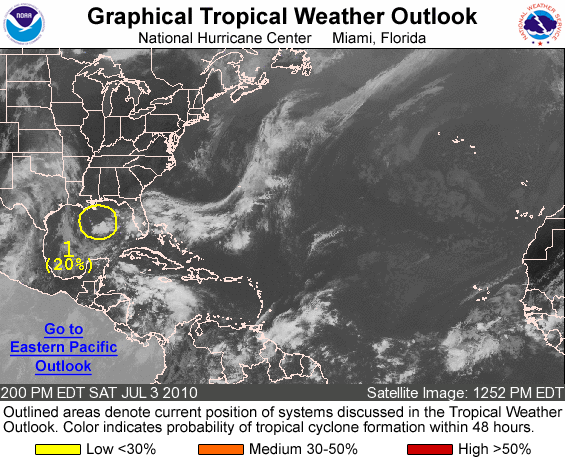
FOR THE NORTH ATLANTIC...CARIBBEAN SEA AND THE GULF OF MEXICO...

1. CLOUDINESS AND THUNDERSTORMS ASSOCIATED WITH A NON-TROPICAL AREA OF LOW PRESSURE HAVE INCREASED A LITTLE TODAY. THE LOW IS LOCATED ABOUT 165 MILES SOUTHEAST OF THE MOUTH OF THE MISSISSIPPI RIVER AND IS EXPECTED TO CONTINUE MOVING SLOWLY ON A GENERAL WESTWARD TRACK. ALTHOUGH STRONG UPPER-LEVEL WINDS ARE CURRENTLY INHIBITING DEVELOPMENT...A SMALL RELAXATION OF THESE WINDS COULD RESULT IN BETTER ORGANIZATION OF THE SYSTEM. THERE IS A LOW CHANCE...20 PERCENT...OF THIS SYSTEM BECOMING A TROPICAL OR SUBTROPICAL CYCLONE DURING THE NEXT 48 HOURS.

ELSEWHERE...TROPICAL CYCLONE FORMATION IS NOT EXPECTED DURING THE NEXT 48 HOURS.

FORECASTER AVILA/LANDSEA